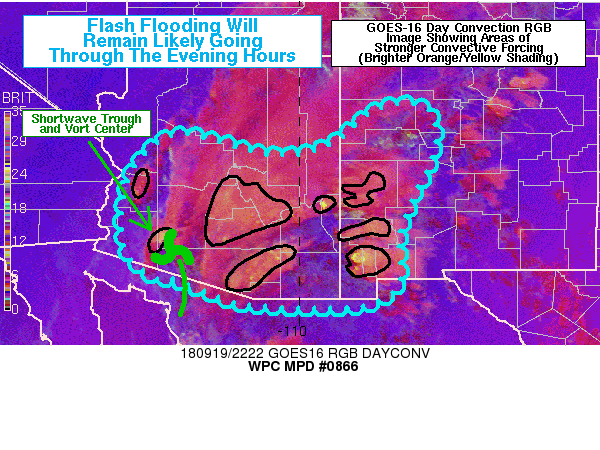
Areas affected...Central/Southern AZ...Western NM

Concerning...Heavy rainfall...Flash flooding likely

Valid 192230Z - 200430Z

Summary...Areas of heavy showers and thunderstorms will continue
through this evening. Flash flooding will remain likely given very
heavy rainfall rates.

Discussion...The afternoon GOES-16 satellite imagery continues to
show an impressive advance of moisture and cloudiness north up
across the Southwest U.S. out ahead of T.D. Nineteen-E over the
Gulf of CA. This moisture coupled with orographics and a
moderately unstable boundary layer via solar insolation has
allowed numerous showers and thunderstorms to develop over the
last several hours, and this activity generally continues to
expand in coverage across central/southern AZ and over into areas
of western NM.

The thermodynamic environment will remain conducive for heavy
showers and thunderstorms well into the evening hours across many
of these areas as MLCAPE values of 1000 to 2000 j/kg remains in
place, especially over southern AZ, along with anomalously high
PWATS. In fact, AMSU and GPS-derived data sets show PWATS still
near or even above 2.25 inches across northwest Mexico and near
the border of southern AZ and southwest NM. These values are
running an impressive 3 to 4+ standard deviations above normal for
this time of the year. This degree of anomalous moisture and
concentration through the vertical column as seen in the latest
CIRA-LPW data sets will set the stage for highly efficient
rainfall processes that coupled with areas of strong
forcing/instability will likely produce rainfall rates of as much
as 2 to 3 inches/hr.

Regarding the level of forcing in place, there is evidence in the
latest GOES-16 Airmass and Day Convection RGBs of a shortwave
trough entering south-central AZ which is helping to greatly
channel moisture northward from northwest Mexico. However, this
energy is helping to provide a bit more focused ascent over
southern AZ and is aiding with the larger scale ascent already
associated with some modest right-entrance region jet dynamics
over on the region.

The recent runs of the HRRR take this shortwave off to the
northeast this evening and across eastern AZ. This will maintain a
relatively organized heavy rainfall threat across a large area of
southern AZ and over into western NM. Expect as much as 3 to 4+
inches of additional rainfall to occur through 04Z, and especially
with the aforementioned rainfall rates. Flash flooding will remain
likely given these totals.